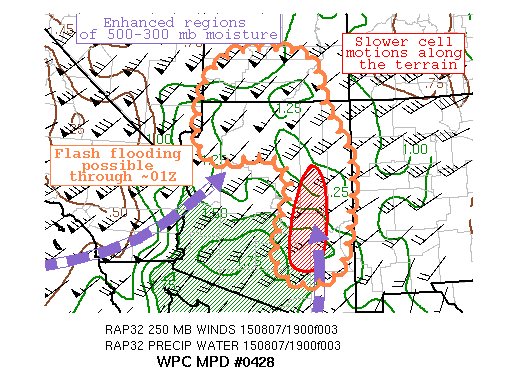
AREAS AFFECTED...SOUTHERN UT/NORTHERN AND EASTERN AZ...

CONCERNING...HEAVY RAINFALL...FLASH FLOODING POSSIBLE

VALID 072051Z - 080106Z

SUMMARY...CONVECTION CONTINUES TO REMAIN WELL ORGANIZED ACROSS
NORTHERN AZ GIVEN THE STRONGER MID/UPPER LEVEL DYNAMICAL SUPPORT.
TO THE SOUTH...SLOW CELL MOTIONS ALONG THE HIGHER TERRAIN HAVE
ALREADY LED TO LOCALIZED HEAVY RAINFALL. EXPECT BOTH REGIONS TO BE
ACTIVE INTO THE EVENING HOURS WITH FLASH FLOODING POSSIBLE.

DISCUSSION...A MID/UPPER CLOSED LOW CURRENTLY SPINNING IN THE
VICINITY OF RENO NV IS SLOWLY MOVING TOWARD THE NORTH AND EAST.
BROAD UPPER DIFFLUENCE IS EVIDENT IN THE 300-MB WIND VECTORS WITH
A PRONOUNCED JET STREAK IN EXCESS OF 80 TO 90 KNOTS OVERSPREADING
THE REGION. REGARDING MOISTURE ACCESS...A MULTI-DAY LOOP OF THE
EXPERIMENTAL LAYERED PRECIPITABLE WATER PRODUCT SHOWS A PAIR OF
MOISTURE CHANNELS BETWEEN 500-300 MB STREAMING THROUGH THE DESERT
SOUTHWEST...ONE OF WHICH IS EXTENDING AWAY FROM THE POST-TROPICAL
REMAINS OF GUILLERMO. SURFACE MOISTURE ACROSS NORTHERN AZ IS MUCH
BETTER TODAY AFTER A BOUT WITH HIGH DEW POINT DEPRESSIONS THE
PREVIOUS DAY. SUFFICIENT MOISTENING OF THE COLUMN HAS LED TO
HIGHER PRECIPITATION EFFICIENCY WITH LOCALLY HEAVY RAINFALL
CONTINUING TO AFFECT THE NORTHERN EXTENT OF AZ. CELL MOTIONS HAVE
GENERALLY BEEN TOWARD THE NORTHEAST ALTHOUGH REGENERATION
CONTINUES TO OCCUR TO THE SOUTH WHERE MODEST CAPE AND DIFFULENT
FLOW ALOFT OVERLAP.

LOOKING TO THE SOUTH...CONVECTION CONTINUES TO BREAK OUT ACROSS
EASTERN AZ WHERE HIGHER INSTABILITY EXISTS. THIS REGION HAD SEEN
BETTER SOLAR INSOLATION ALTHOUGH CIRRUS DEBRIS HAS CLOUDED UP
SECTIONS OF THE STATE IN THE PAST COUPLE OF HOURS.
REGARDLESS...SLOW CELL MOTIONS COMBINED WITH THE COMPLEX TERRAIN
SUGGESTS THE THREAT FOR FLASH FLOODING SHOULD REMAIN INTO THE
EARLY EVENING.

RECENT CAMS SUGGEST THE THREAT FOR HEAVY RAINFALL SHOULD GRADUALLY
WIND DOWN ACROSS EASTERN AZ AS THE HIGHER CAPE AIR IS EXHAUSTED.
HOWEVER...BETTER FORCING AND DYNAMICS TO THE NORTH SUGGEST THE
THREAT WILL CONTINUE TO MOVE TOWARD THE NORTH/EAST. LOCAL HEAVY
DOWNPOURS ACCOMPANIED BY CELL MERGERS WILL ENHANCE THE RISK FOR
FLASH FLOODING.